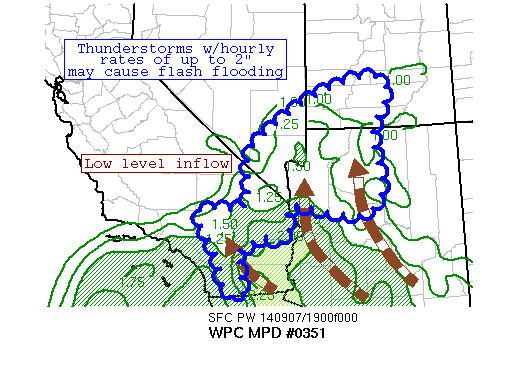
AREAS AFFECTED...SOUTHERN CA...NORTHWESTERN AZ...SOUTHERN
NV...SOUTHERN UT

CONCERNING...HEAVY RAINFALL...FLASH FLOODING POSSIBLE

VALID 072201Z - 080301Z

SUMMARY...ENHANCED MONSOON CONDITIONS ARE EXPECTED INTO THIS
EVENING DUE TO MUCH ABOVE NORMAL MOISTURE VALUES ACROSS THE
REGION.  RAINFALL RATES OF UP TO 2-INCHES AN HOUR MAY CAUSE FLASH
FLOODING.

DISCUSSION...SCATTERED THUNDERSTORMS HAVE CONTINUED TO DEVELOP
THIS AFTERNOON ALONG THE MOUNTAINS OF INTERIOR SOUTHERNMOST CA AND
ALONG THE HIGH TERRAIN ACROSS NORTHWESTERN AZ INTO SOUTHERN NV AND
SOUTHERN UT. THE ATMOSPHERE REMAINS QUITE MOIST ACROSS THE REGION
AS MOISTURE ALOFT FROM TROPICAL STORM NORBERT FORTIFIES MONSOONAL
MOISTURE MOVING NORTH FROM THE GULF OF CA INTO THE LOWER CO BASIN.
 LATEST MESOANALYSIS SHOWS PRECIPITABLE WATER VALUES AT OR ABOVE
2-INCHES CENTERING NEAR THE CA/AZ BORDER -- VALUES THAT ARE WELL
ABOVE NORMAL FOR EARLY SEPTEMBER.  MIXED LAYER CAPE VALUES OF
1000-2000+ J/KG ARE SHOWN ACROSS MUCH OF THE HIGHLIGHTED REGION.
MEANWHILE MEAN 850-700 HPA INFLOW OF 15-20 KTS ARE HELPING TO
SPREAD MOISTURE NORTHWARD ACROSS THE REGION.

AS AN UPPER TROUGH SLOWLY DIGS INTO NORTHERN CA...THIS INFLOW IS
EXPECTED TO SUSTAIN ITSELF INTO THE EVENING HOURS LEVEL...WHICH IN
TURN SHOULD SUPPORT THE HIGH MOISTURE VALUES.  THE LATEST RAP
SHOWS INSTABILITY REMAINING SUFFICIENTLY HIGH OVER THE NEXT FEW
HOURS BEFORE GRADUALLY DIMINISHING AFTER SUNSET.  DUE TO THE
EXISTING MOISTURE...HOURLY RAIN RATES UP TO 2-INCHES AN HOUR ARE
POSSIBLE.  THESE RATES COULD LEAD TO FLASH FLOODING/DEBRIS FLOWS.